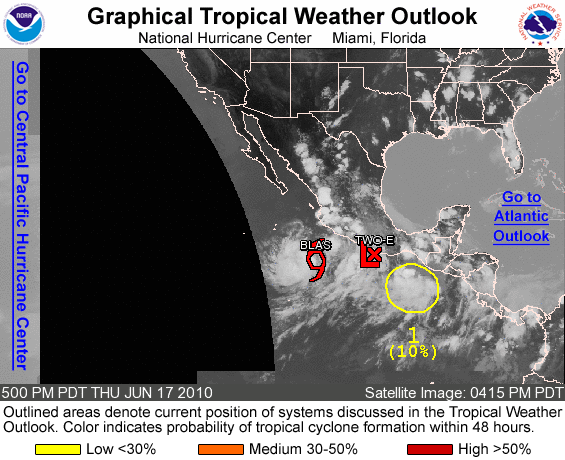
FOR THE EASTERN NORTH PACIFIC...EAST OF 140 DEGREES WEST LONGITUDE..

THE NATIONAL HURRICANE CENTER IS ISSUING ADVISORIES ON TROPICAL STORM BLAS LOCATED ABOUT 280 MILES SOUTH-SOUTHWEST OF MANZANILLO MEXICO.

1. AN AREA OF SHOWERS AND THUNDERSTORMS CENTERED A FEW HUNDRED MILES SOUTH-SOUTHEAST OF THE GULF OF TEHUANTEPEC IS ASSOCIATED WITH A TROPICAL WAVE. DEVELOPMENT...IF ANY...IS EXPECTED TO BE SLOW TO OCCUR AS THE SYSTEM MOVES WEST-NORTHWESTWARD NEAR 10 MPH. THERE IS A LOW CHANCE...10 PERCENT...OF THIS SYSTEM BECOMING A TROPICAL CYCLONE DURING THE NEXT 48 HOURS.

ELSEWHERE...TROPICAL CYCLONE FORMATION IS NOT EXPECTED DURING THE NEXT 48 HOURS.

PUBLIC ADVISORIES ON TROPICAL STORM BLAS ARE ISSUED UNDER WMO HEADER WTPZ33 KNHC AND UNDER AWIPS HEADER MIATCPEP3. FORECAST/ADVISORIES ON BLAS ARE ISSUED UNDER WMO HEADER WTPZ23 KNHC AND UNDER AWIPS HEADER MIATCMEP3.

FORECASTER CANGIALOSI/PASCH